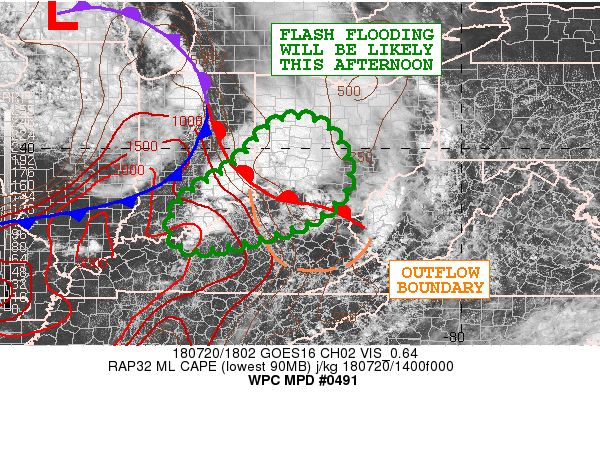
AREAS AFFECTED...SOUTHEAST IN...NORTHERN KY...WEST-CENTRAL TO
SOUTHWEST OH

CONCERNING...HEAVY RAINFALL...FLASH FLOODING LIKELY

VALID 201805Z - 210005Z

SUMMARY...VERY HEAVY SHOWERS AND THUNDERSTORMS CAN BE EXPECTED
THROUGH THE AFTERNOON AND EARLY EVENING HOURS. FLASH FLOODING WILL
BE LIKELY AND ESPECIALLY NEAR AREAS THAT SAW EARLIER HEAVY RAINS.

DISCUSSION...THE LATEST SYNOPTIC PATTERN FEATURES AN AMPLIFYING
UPPER TROUGH AND ASSOCIATED CLOSED LOW DROPPING SLOWLY SOUTHEAST
TOWARD THE LOWER OH VALLEY. ALREADY THERE IS AN EXPANSIVE AREA OF
COLD-TOPPED CONVECTION IMPACTING PORTIONS OF WEST-CENTRAL AND
SOUTHWEST OH IN RESPONSE TO STRONG WARM AIR ADVECTION AHEAD OF A
COLD FRONT AND A VERY MOIST/UNSTABLE AIRMASS AHEAD OF IT WHICH IS
OVERRUNNING A WARM FRONT ATTEMPTING TO LIFT NORTHEAST ACROSS
WESTERN OH.

THE LATEST AREA VWP DATA SHOWS A SOUTHWEST LOW LEVEL JET OF ABOUT
30 KTS AHEAD OF THE COLD FRONT...ALONG WITH A NOSE OF STRONG
INSTABILITY CHARACTERIZED BY MLCAPE VALUE OF 3000 TO 4000 J/KG.
MEANWHILE...PWATS ARE RUNNING BETWEEN 1.5 AND 1.75 INCHES...WITH
THE LOW LEVELS IN PARTICULAR QUITE MOIST AS SEEN WITH SURFACE
DEWPOINTS IN THE MID 70S WITHIN THE WARM SECTOR.

OVER THE NEXT FEW HOURS...THE CONVECTION ONGOING OVER WEST-CENTRAL
TO SOUTHWEST OH SHOULD TEND TO BECOME A BIT MORE CONCENTRATED AND
WILL ALSO EXPAND MORE TO THE SOUTHWEST INCLUDING AREAS OF NORTHERN
KY AND SOUTHEAST IN AS STRONG DIURNAL HEATING FOSTERS ADDITIONAL
ENHANCEMENT OF SURFACE-BASED INSTABILITY. MEANWHILE...INCREASINGLY
STRONG 250 MB LEFT-EXIT REGION JET DYNAMICS WILL BE ARRIVING IN
ASSOCIATION WITH THE DIGGING UPPER TROUGH WHICH WILL BEGIN TO TAKE
ON A NEGATIVE TILT.

LOCALLY VERY HEAVY RAINS CAN BE EXPECTED WITH RAINFALL RATES OF AS
MUCH AS 2.5 INCHES/HR. THE LATEST HIRES CAM GUIDANCE AND
ESPECIALLY THE HRRR DOES NOT HAVE TOO GOOD OF A HANDLE ON THE
ACTIVITY FOCUSING OVER WEST-CENTRAL OH...BUT IS A BIT BETTER OVER
SOUTHEAST IN. EXPECT AS MUCH AS 3 TO 4 INCHES OF RAIN THROUGH 00Z
WITH THE EXPECTED UPTICK IN CONVECTIVE COVERAGE AND
ORGANIZATION...AND THIS WILL LIKELY CAUSE SOME FLASH FLOODING.
THIS WILL ESPECIALLY BE THE CASE OVER AREAS THAT SAW HEAVIER RAINS
EARLIER THIS MORNING.